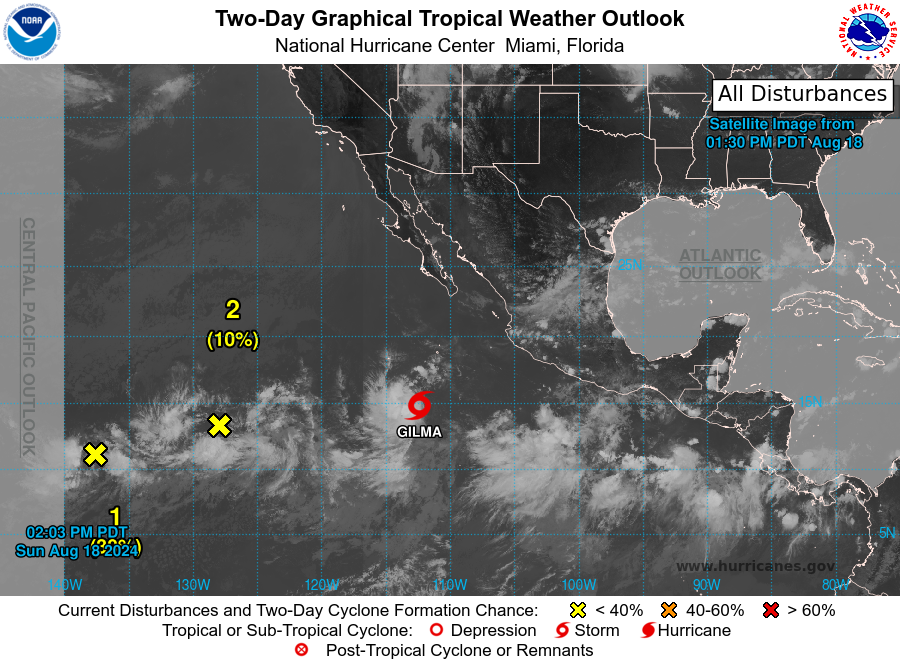
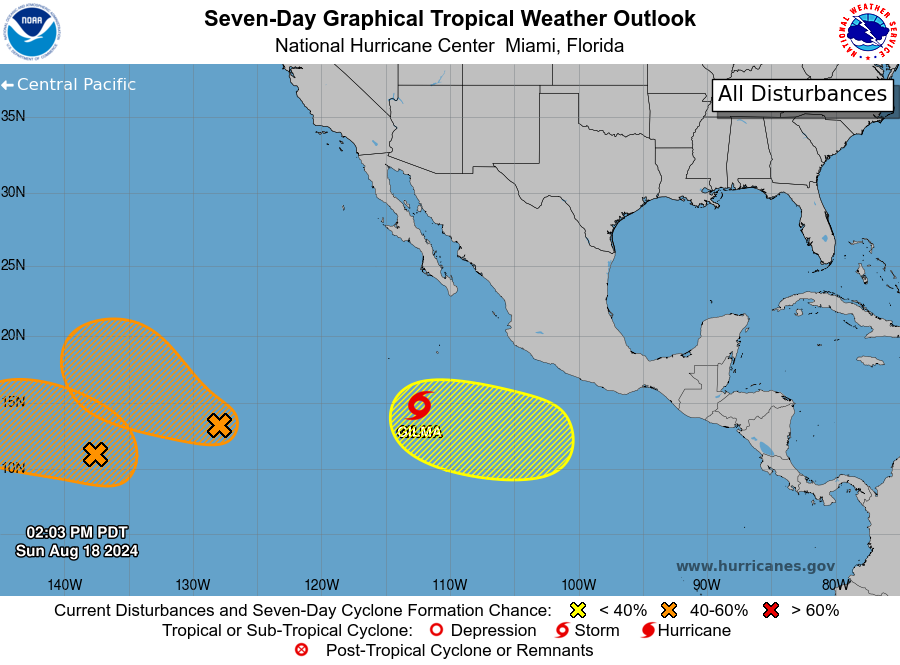
For the eastern North Pacific...east of 140 degrees west longitude:

The National Hurricane Center is issuing advisories on newly formed Tropical Depression Seven-E, located well south of the southern tip of the Baja California peninsula.

1. Well Southeast of the Hawaiian Islands: Another area of low pressure located well southeast of the Hawaiian Islands is producing some disorganized showers and thunderstorms on its western side. This disturbance is forecast to interact with the disturbance located to its east. If this system becomes the dominant disturbance, some gradual development is possible, and a tropical depression could form by the middle part of the week while it initially moves slowly over the western portion of the East Pacific. A faster west-northwestward motion into the Central Pacific basin is likely by the latter portion of the week. Information on this system's development can also be found in the Tropical Weather Outlook for the Central Pacific basin.
* Formation chance through 48 hours...low...30 percent.
* Formation chance through 7 days...medium...50 percent.

2. Western Portion of the East Pacific: Disorganized showers and thunderstorms continue in association with a broad trough of low pressure located well west-southwest of the southern tip of the Baja California peninsula. This system is forecast to interact with another disturbance to its west-southwest over the next few days, which could limit additional development if this system does not become the dominant disturbance. Regardless, a tropical depression could still form during the middle part of the week while the system moves generally west-northwestward before it possibly merges with the disturbance currently located further west. Information on this system's development can also be found in the Tropical Weather Outlook for the Central Pacific basin.
* Formation chance through 48 hours...low...10 percent.
* Formation chance through 7 days...medium...40 percent.

3. Eastern and Central Portion of the East Pacific: Yet another area of low pressure could form well to the south of the southwestern coast of Mexico around the middle of the week. Environmental conditions appear generally conducive for some slow development of this system thereafter as it moves slowly west-northwestward into the central portion of the East Pacific basin.
* Formation chance through 48 hours...low...near 0 percent.
* Formation chance through 7 days...low...20 percent.

The Tropical Weather Outlook for the Central Pacific basin can be found under AWIPS header HFOTWOCP and WMO header ACPN50 PHFO and on the web at hurricanes.gov

Public Advisories on Tropical Depression Seven-E are issued under WMO header WTPZ32 KNHC and under AWIPS header MIATCPEP2. Forecast/Advisories on Tropical Depression Seven-E are issued under WMO header WTPZ22 KNHC and under AWIPS header MIATCMEP2.

Forecaster Cangialosi/Papin